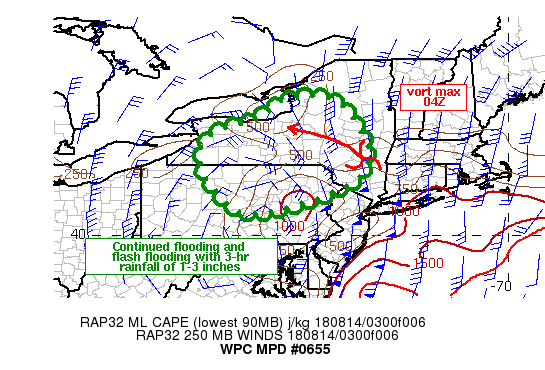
Areas affected...central/western NY into central PA

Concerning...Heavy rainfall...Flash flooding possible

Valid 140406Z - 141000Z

SUMMARY...Continued flooding with possible faster response flash
flooding will remain possible across portions of central PA into
central NY through 10Z. The potential for 3 hour rainfall of 1.5
to 3+ inches will exist across the region through early morning.

DISCUSSION...GOES 16 mid-level water vapor imagery showed numerous
small scale vorticity maxima revolving about the main mid-upper
low centered over southwestern PA, and local radars showed a
number of slow moving mesoscale circulations from northeastern PA
into south-central NY, each tied to locally higher rainfall rates
among largely stratiform light to moderate rainfall across the
region. A somewhat larger scale vorticity max was located over the
lower Hudson Valley at 04Z with an associated region of lift
producing steady rainfall to its northwest. MLCAPE values of 500
J/kg or less (via the latest SPC mesoanalysis page) have been
limiting maximum rainfall rates as of 03Z to 0.5 to 1.0 in/hr, but
Flash Flood Guidance is rather low across northeastern PA into
central NY due to recent heavy rainfall and flooding is ongoing in
several locations.

Given little movement to the synoptic scale low over the next 3-6
hours, small scale vorticity maxima over northeastern PA will
continue to be responsible for local flare ups of rain rates
between 0.5 and 1.0 in/hr on top of saturated soils, exacerbating
ongoing flooding concerns. Weak instability is expected to be the
greatest limiting factor to more large scale heavier rainfall
rates.

Farther north, the low to mid-level circulation over the lower
Hudson Valley is forecast to track toward the west-northwest
through 10Z into a region of locally higher instability seen on
RAP analyses and the SPC mesoanalysis page. Slow movement of heavy
rainfall cores are expected to develop as this occurs with
potential for 1-3 inches in 3 hours. While Flash Flood Guidance
values are a bit higher across central NY (1.5 to 2.5 inches in 3
hours), these rates could still produce flash flooding in a few
locations. The added atmospheric ingredients of upper level
divergence within the left exit region of a forecast 50-70+ kt jet
streak and pronounced upper level diffluence are expected to
contribute to increased ascent.